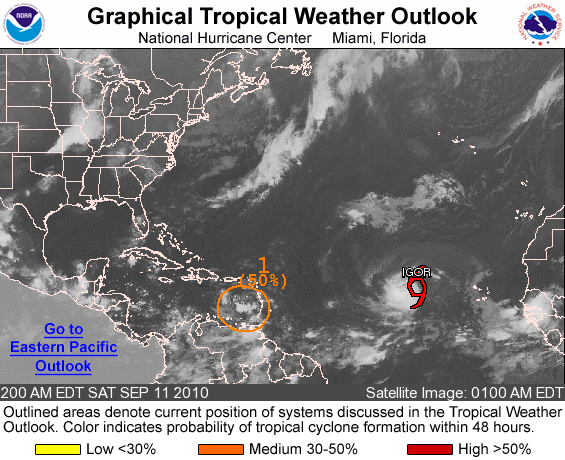
FOR THE NORTH ATLANTIC...CARIBBEAN SEA AND THE GULF OF MEXICO...

THE NATIONAL HURRICANE CENTER IS ISSUING ADVISORIES ON TROPICAL STORM IGOR...LOCATED ABOUT 725 MILES WEST OF THE CAPE VERDE ISLANDS.

1. THE LOW PRESSURE AREA NEAR THE WINDWARD ISLANDS HAS BEEN MOVING SLOWLY TOWARD THE WEST-NORTHWEST AND IS NOW LOCATED OVER THE SOUTHEASTERN CARIBBEAN SEA. CLOUDINESS AND THUNDERSTORMS ASSOCIATED WITH THIS SYSTEM REMAIN DISORGANIZED...BUT ENVIRONMENTAL CONDITIONS APPEAR TO BE CONDUCIVE FOR A GRADUAL DEVELOPMENT AND A TROPICAL DEPRESSION COULD FORM DURING THE NEXT FEW DAYS AS THE SYSTEM MOVES TOWARD THE CENTRAL AND WESTERN CARIBBEAN SEA. THERE IS A MEDIUM CHANCE...50 PERCENT...OF THIS SYSTEM BECOMING A TROPICAL CYCLONE DURING THE NEXT 48 HOURS.

ELSEWHERE...TROPICAL CYCLONE FORMATION IS NOT EXPECTED DURING THE NEXT 48 HOURS.

FORECASTER AVILA